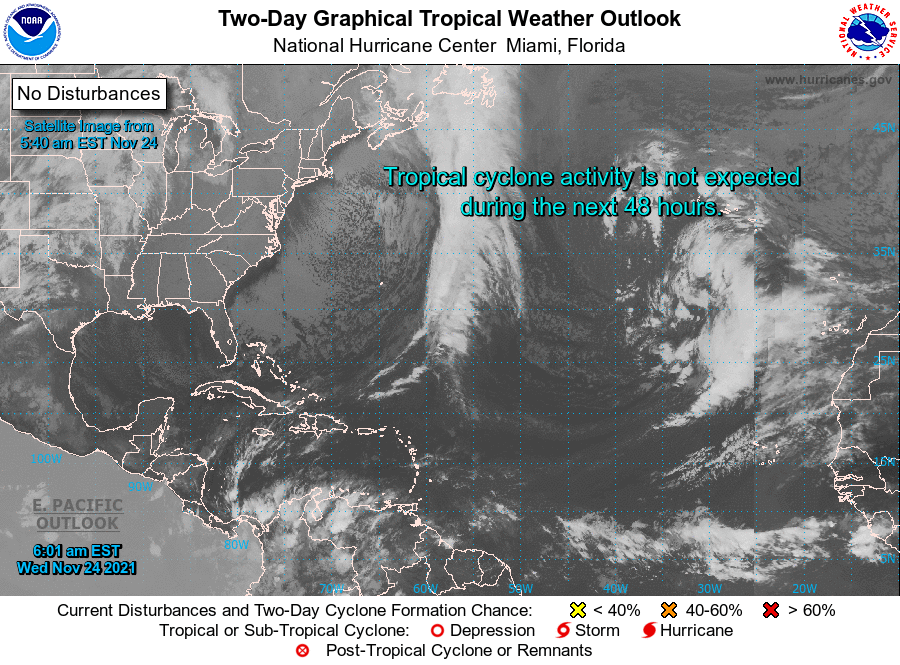
For the North Atlantic...Caribbean Sea and the Gulf of Mexico:

Tropical cyclone formation is not expected during the next 5 days.

Forecaster Stewart